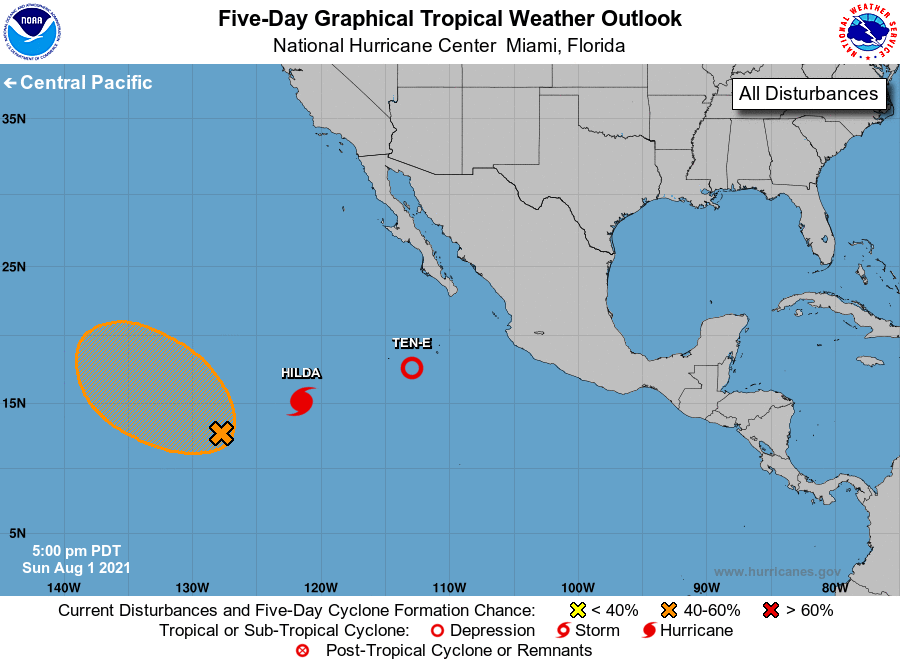
For the eastern North Pacific...east of 140 degrees west longitude:

The National Hurricane Center is issuing advisories on Hurricane Hilda, located about 900 miles southwest of the southern tip of the Baja California peninsula, and on newly formed Tropical Depression Ten-E, located over 100 miles south-southwest of Socorro Island, Mexico.

1. An area of low pressure associated with the remnants of Tropical Depression Nine-E is located about 1400 miles west-southwest of the southern tip of the Baja California peninsula. The low is producing disorganized showers and a few thunderstorms, mainly to the southwest of its center. Other than its proximity to Hurricane Hilda, somewhat favorable environmental conditions could allow this system to redevelop into a tropical depression early this week as the low moves west-northwestward or northwestward at 5 to 10 mph.
* Formation chance through 48 hours...medium...40 percent.
* Formation chance through 5 days...medium...40 percent.

Public Advisories on Tropical Depression Ten-E are issued under WMO header WTPZ35 KNHC and under AWIPS header MIATCPEP5. Forecast/Advisories on Tropical Depression Ten-E are issued under WMO header WTPZ25 KNHC and under AWIPS header MIATCMEP5.

Forecaster Reinhart/Pasch